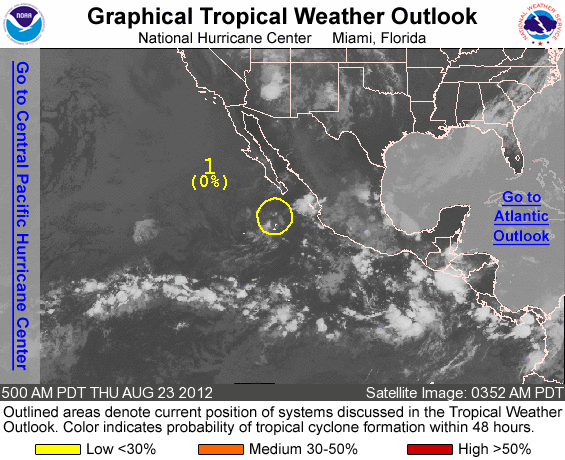
FOR THE EASTERN NORTH PACIFIC...EAST OF 140 DEGREES WEST LONGITUDE..

1. MINIMAL SHOWER AND THUNDERSTORM ACTIVITY IS OCCURRING IN ASSOCIATION WITH A WEAK AREA OF LOW PRESSURE CENTERED ABOUT 200 MILES SOUTH OF THE SOUTHERN TIP OF BAJA CALIFORNIA. STRONG UPPER-LEVEL WINDS SHOULD INHIBIT ANY SIGNIFICANT DEVELOPMENT...AND THIS SYSTEM HAS A LOW CHANCE...NEAR 0 PERCENT...OF BECOMING A TROPICAL CYCLONE DURING THE NEXT 48 HOURS AS IT MOVES WESTWARD AT ABOUT 5 MPH.

ELSEWHERE...TROPICAL CYCLONE FORMATION IS NOT EXPECTED DURING THE NEXT 48 HOURS.

FORECASTER KIMBERLAIN